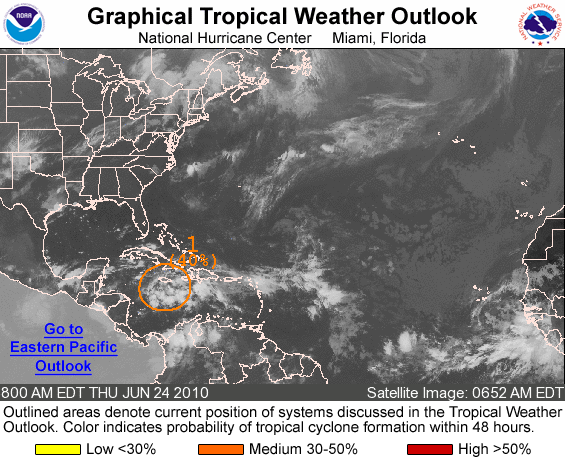
FOR THE NORTH ATLANTIC...CARIBBEAN SEA AND THE GULF OF MEXICO...

1. A TROPICAL WAVE OVER THE WESTERN CARIBBEAN SEA CONTINUES TO PRODUCE SHOWERS AND A FEW THUNDERSTORMS ACROSS PORTIONS OF HISPANIOLA...JAMAICA...CUBA...THE CAYMAN ISLANDS...AND THE ADJACENT WATERS OF THE NORTHERN CARIBBEAN SEA. THIS SYSTEM HAS CHANGED LITTLE IN ORGANIZATION OVER THE PAST SEVERAL HOURS...WITH MOST OF THE SHOWER AND THUNDERSTORM ACTIVITY OCCURRING TO THE EAST OF THE WAVE AXIS...AND THE AIR FORCE RESERVE UNIT RECONNAISSANCE AIRCRAFT MISSION TO INVESTIGATE THE AREA TODAY HAS BEEN CANCELED. UPPER-LEVEL WINDS ARE EXPECTED TO BECOME MORE CONDUCIVE FOR DEVELOPMENT OF THIS SYSTEM AS IT MOVES WESTWARD OR WEST- NORTHWESTWARD AROUND 10 MPH OVER THE NEXT COUPLE OF DAYS. THERE IS A MEDIUM CHANCE...40 PERCENT...OF THIS SYSTEM BECOMING A TROPICAL CYCLONE DURING THE NEXT 48 HOURS.

ELSEWHERE...TROPICAL CYCLONE FORMATION IS NOT EXPECTED DURING THE NEXT 48 HOURS.

FORECASTER PASCH/CANGIALOSI